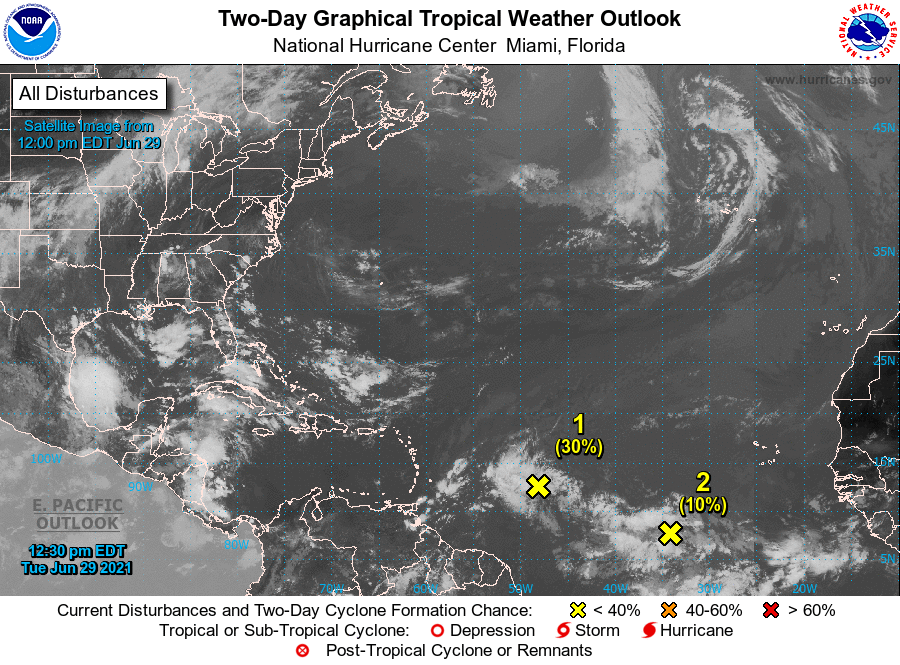
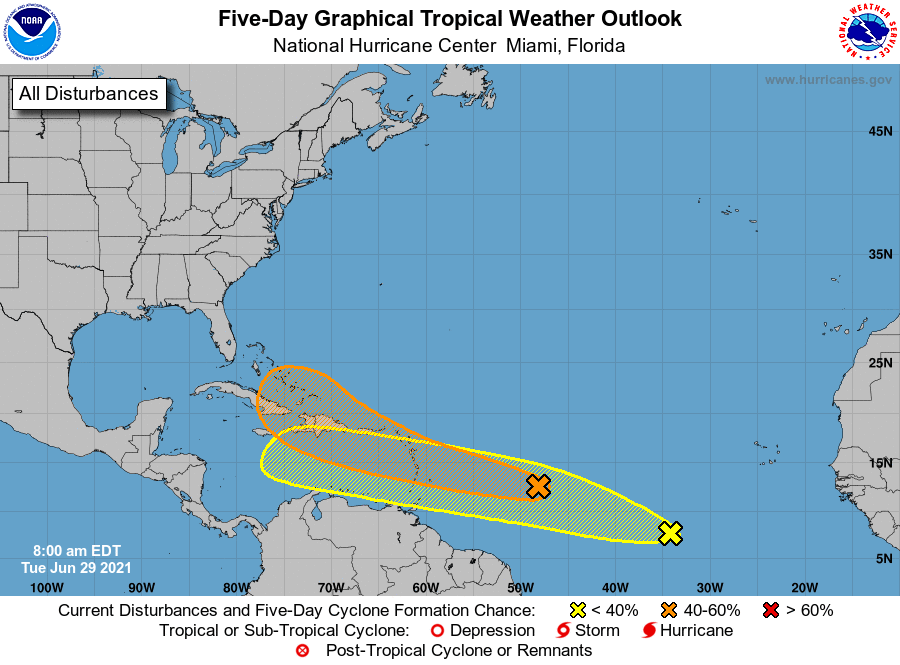
For the North Atlantic...Caribbean Sea and the Gulf of Mexico:

The National Hurricane Center has issued the last advisory on the remnants of Tropical Depression Danny, located inland over eastern Georgia.

1. Disorganized showers and thunderstorms continue in association with a tropical wave located over the tropical Atlantic, about 850 miles east of the Lesser Antilles. Some slow development of this disturbance is possible later this week and this weekend while the system moves westward to west-northwestward at 15 to 20 mph, likely reaching the Lesser Antilles by Wednesday night.
* Formation chance through 48 hours...low...30 percent.
* Formation chance through 5 days...medium...40 percent.

2. Shower activity associated with a tropical wave located about 800 miles southwest of the Cabo Verde islands has become a little better organized since yesterday. Additional slow development of this system is possible during the next several days as it moves generally west-northwestward at about 20 mph.
* Formation chance through 48 hours...low...10 percent.
* Formation chance through 5 days...low...20 percent.

Public Advisories on the remnants of Danny are issued under WMO header WTNT34 KNHC and under AWIPS header MIATCPAT4. Forecast/Advisories on the remnants of Danny are issued under WMO header WTNT24 KNHC and under AWIPS header MIATCMAT4.

Forecaster Beven